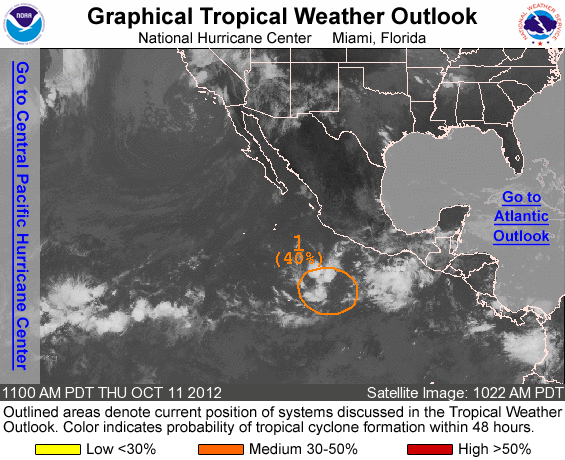
FOR THE EASTERN NORTH PACIFIC...EAST OF 140 DEGREES WEST LONGITUDE..

1. SHOWERS AND THUNDERSTORMS ASSOCIATED WITH AN AREA OF LOW PRESSURE LOCATED ABOUT 550 MILES SOUTH OF MANZANILLO MEXICO HAVE BECOME SOMEWHAT MORE ORGANIZED DURING THE LAST FEW HOURS. ENVIRONMENTAL CONDITIONS APPEAR CONDUCIVE FOR GRADUAL DEVELOPMENT OF THIS DISTURBANCE OVER THE NEXT FEW DAYS AS IT MOVES SLOWLY WESTWARD. THIS SYSTEM HAS A MEDIUM CHANCE...40 PERCENT...OF BECOMING A TROPICAL CYCLONE DURING THE NEXT 48 HOURS.

ELSEWHERE...TROPICAL CYCLONE FORMATION IS NOT EXPECTED DURING THE NEXT 48 HOURS.

FORECASTER LANDSEA